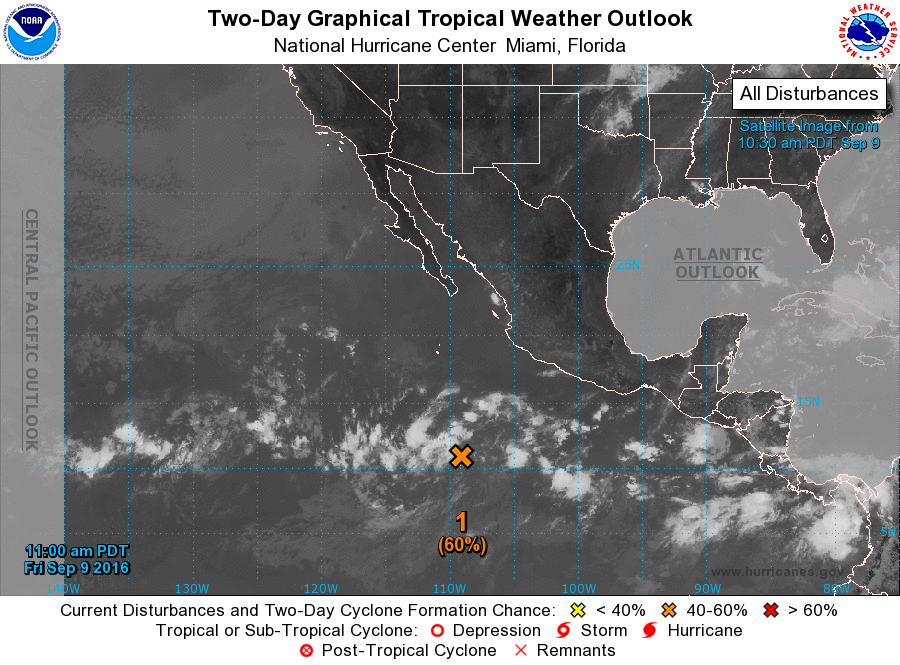
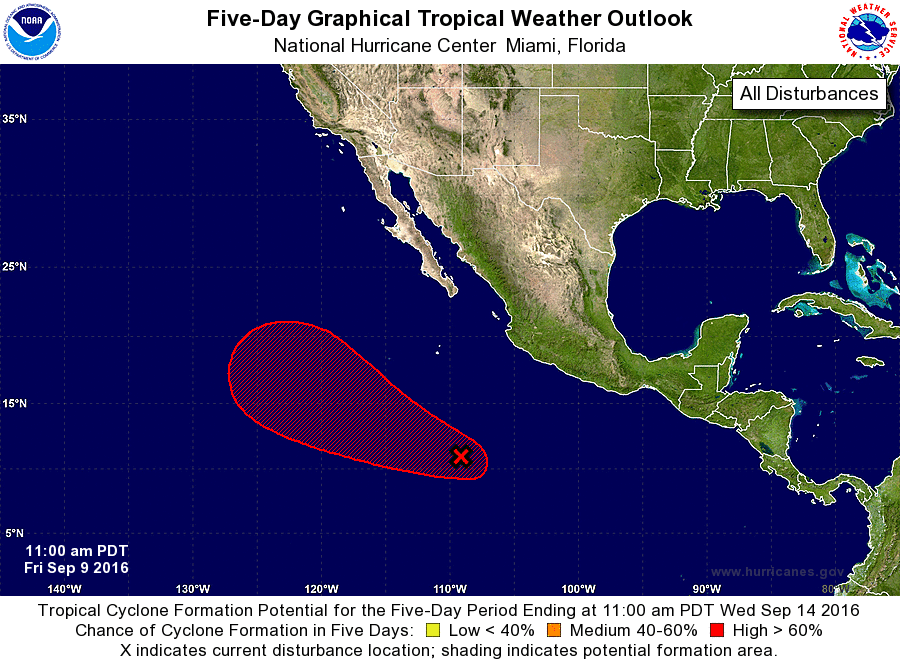
For the eastern North Pacific...east of 140 degrees west longitude:

1. Showers and thunderstorms associated with a broad area of low pressure centered about 850 miles south of the southern tip of the Baja California have only become slightly better organized since yesterday. However, environmental conditions are conducive for additional development, and a tropical depression is likely to form late this weekend or early next week while the low moves west- northwestward at 10 to 15 mph.
* Formation chance through 48 hours...medium...60 percent
* Formation chance through 5 days...high...80 percent

Forecaster Berg